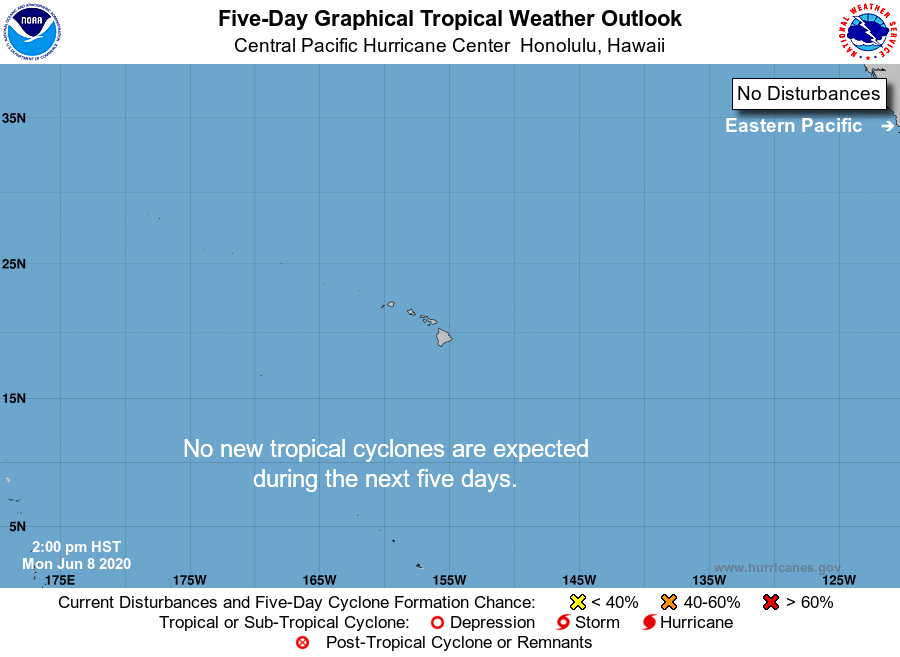
For the central North Pacific...between 140W and 180W:

No tropical cyclones are expected during the next 5 days.

Forecaster Donaldson